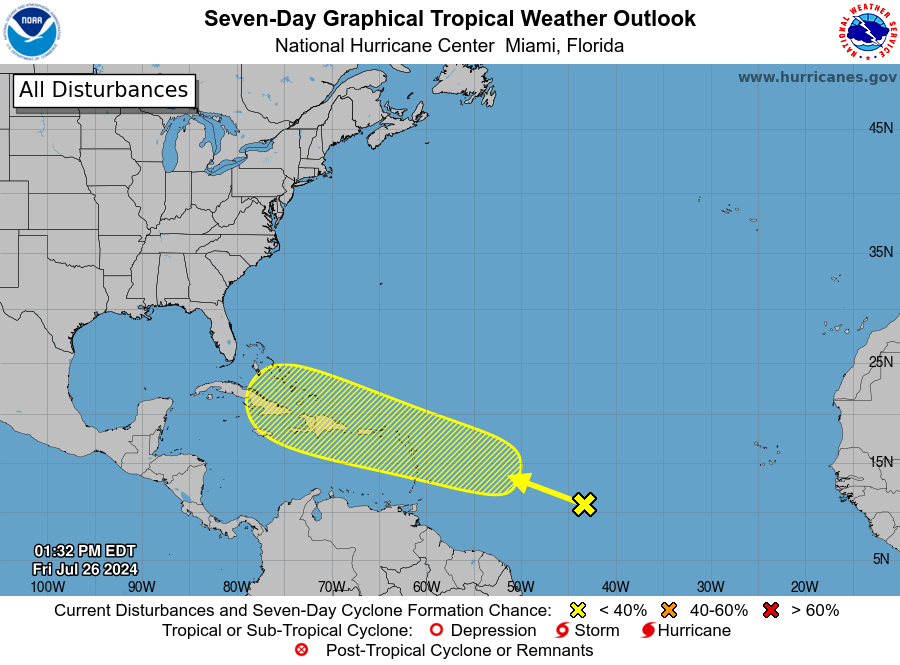
For the North Atlantic...Caribbean Sea and the Gulf of Mexico:

1. Near the Lesser and Greater Antilles: An area of disturbed weather over the central tropical Atlantic Ocean is expected to interact with an approaching tropical wave during the next several days. Some development of this system will be possible while it approaches the Lesser Antilles during the early to middle part of next week and moves generally west-northwestward near the Greater Antilles toward the latter part of the week.
* Formation chance through 48 hours...low...near 0 percent.
* Formation chance through 7 days...low...20 percent.

Forecaster Berg